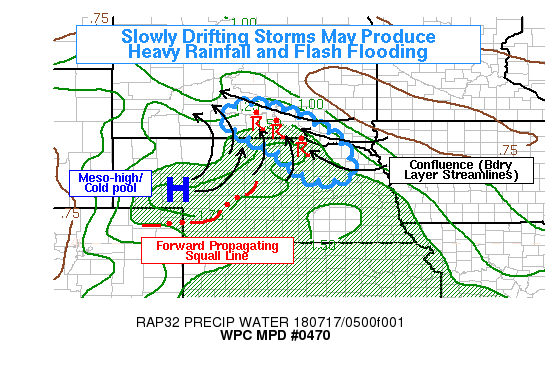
AREAS AFFECTED...FAR NE NEBRASKA...FAR SRN SOUTH DAKOTA

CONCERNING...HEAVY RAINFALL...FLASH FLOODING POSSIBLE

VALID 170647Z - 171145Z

SUMMARY...THUNDERSTORMS WILL CONTINUE TO DEVELOP ALONG THE EASTERN
PORTION OF THE NEBRASKA - SOUTH DAKOTA BORDER REGION...NEAR WHERE
THE MISSOURI RIVER BECOMES THE STATE BORDER. THESE STORMS MAY BE
NEARLY STATIONARY AT TIMES AND COULD PRODUCE RAIN RATES AROUND OR
EXCEEDING 2 IN/HR...WHICH COULD LEAD TO LOCALIZED FLASH FLOODING
WHERE THE STORMS STALL.

DISCUSSION...GOES-16 IR SATELLITE CHANNELS SHOWED A PROMINENT MCS
WITH A LARGE REGION OF COLD CLOUD TOPS (-60C OR COLDER) OVER
WESTERN AND CENTRAL NEBRASKA. THIS WAS ASSOCIATED WITH A FORWARD
PROPAGATING SQUALL LINE THAT WAS BEGINNING TO DIVE IN AN
INCREASINGLY SOUTHWARD DIRECTION TOWARD NORTHWEST KANSAS. HOWEVER
THE IR SATELLITE CHANNELS ALSO SHOWED A BAND OF RAPIDLY COOLING
CLOUD TOPS TO THE NORTHEAST...NEAR THE SD-NE BORDER...WITH
INCREASED LIGHTNING ACTIVITY NOTED FROM A VARIETY OF LIGHTNING
NETWORKS. THIS APPEARED TO BE OCCURRING IN A ZONE OF ENHANCED
LOW-LEVEL CONVERGENCE BETWEEN PREVAILING EASTERLY FLOW AND
SOUTHWESTERLY FLOW FROM A MESO-HIGH THAT HAS DEVELOPED BEHIND THE
LARGER MCS. THIS AREA WAS NEAR A GRADIENT IN INSTABILITY AND
MOISTURE...BUT TUCKED JUST INTO THE REGION OF ELEVATED INSTABILITY
WITH MUCAPE VALUES AROUND 1000-2000 J/KG. FORECASTS FROM THE RAP
MODEL AND HI-RES MODELS SUGGEST THAT THIS BAND OF LOW-LEVEL
CONVERGENCE MAY PERSIST OVER THE NEXT SEVERAL HOURS AND PROVIDE A
NEARLY STATIONARY FOCUS FOR CONVECTION. THE AREA ALSO BEING IN THE
RIGHT ENTRANCE REGION OF AN UPPER LEVEL JET STREAK FAVORS
SUSTAINED VERTICAL MOTION AS WELL.

KLNX AND KFSD RADARS SHOWED VERY LITTLE STORM MOTION WITH THE
CONVECTION STRETCHING FROM NEAR ONEILL NE TO NEAR WINNER SD. IN
ADDITION TO THE LOW-LEVEL CONVERGENCE AXIS...THIS MAY BE DUE TO A
WEAKNESS IN THE MID-UPPER LEVEL FLOW CAUSED BY THE LARGE MCS TO
THE SOUTHWEST. KLNX VWP SHOWS A BACKING AND WEAKENING OF THE UPPER
LEVEL WINDS IN CENTRAL NEBRASKA. THESE MAY BE AFFECTED BY
AVERAGING OVER A LARGE MCS...BUT IT IS ALSO NOT UNCOMMON FOR
SIGNIFICANT CONVECTIVE SYSTEMS TO ALTER THE MID-UPPER LEVEL FLOW
IN WHICH THEY ARE EMBEDDED...AND THIS COULD PERHAPS LOCALLY REDUCE
THE MEAN WIND SUFFICIENTLY TO HELP ACCOUNT FOR THE NEARLY
STATIONARY STORM MOTION OBSERVED ON RADAR.

THEREFORE...CONDITIONS APPEAR FAVORABLE FOR SLOW-MOVING
CONVECTION...LOCALLY HEAVY RAINFALL...AND POSSIBLY FLASH FLOODING
IN A NARROW REGION NEAR THE NE-SD BORDER. THIS POTENTIAL MAY BEGIN
TO WANE IN SEVERAL HOURS AS THE MCS TO THE SOUTHWEST BECOMES
FURTHER REMOVED FROM THE AREA...AND ITS INFLUENCE ON THE MESOSCALE
ENVIRONMENT WILL WEAKEN SUBSTANTIALLY. UNTIL THEN...RAIN RATES
AROUND 2 IN/HR OR PERHAPS LOCALLY A LITTLE HIGHER WILL BE LIKELY
WITH THE STRONGEST CONVECTION (AND HAS ALREADY BEEN ESTIMATED BY
KLNX DUAL POL AND MRMS).